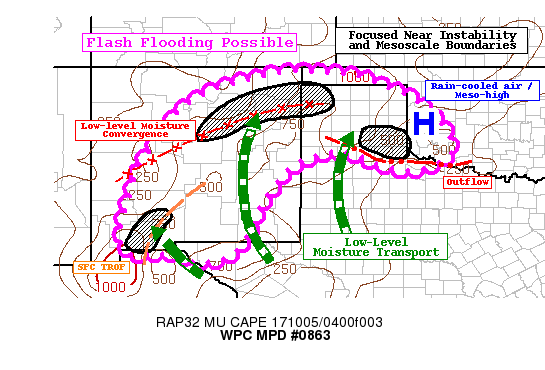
AREAS AFFECTED...NEW MEXICO...TEXAS PANHANDLE...FAR WRN OKLAHOMA

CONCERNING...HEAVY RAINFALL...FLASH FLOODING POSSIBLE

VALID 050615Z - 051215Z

SUMMARY...FLASH FLOODING WILL BE POSSIBLE ACROSS NEW MEXICO...THE
TEXAS PANHANDLE...AND FAR WESTERN OKLAHOMA WHERE THUNDERSTORMS CAN
BE SUSTAINED ALONG OR NEAR MESOSCALE BOUNDARIES FOR SEVERAL HOURS.

DISCUSSION...EXPERIMENTAL GOES-16 AIR MASS RGB AND LOW-LEVEL WATER
VAPOR (BAND 10) IMAGERY SHOWS ONGOING CONVECTION ALONG A BROAD ARC
FROM NEW MEXICO INTO THE SOUTHERN PLAINS...ROUGHLY ALONG THE
PERIPHERY OF A PLUME OF HIGHER ATMOSPHERIC MOISTURE. THIS IS
LARGELY FORECAST TO CONTINUE THROUGH THE REMAINDER OF THE
OVERNIGHT HOURS BY MOST AVAILABLE MODEL GUIDANCE...ALTHOUGH THE
SPATIAL EXTENT MAY SHRINK WITH TIME AS INSTABILITY WANES AND
BECOMES FOCUSED IN THE REGIONS OF POOLING LOW-LEVEL MOISTURE.
WHEREVER RESIDUAL INSTABILITY CAN ALIGN WITH MESOSCALE
BOUNDARIES...FLASH FLOODING WOULD BE POSSIBLE...PARTICULARLY IF
THE BOUNDARIES ROUGHLY ALIGN WITH THE MEAN FLOW. AS OF 06Z THERE
APPEARED TO BE SEVERAL LOCATIONS WHERE THIS SORT OF SETUP WOULD BE
FAVORED...ALTHOUGH THIS DOES NOT EXCLUDE THE POSSIBILITY OF
FLOODING ELSEWHERE IN THE OUTLINED DISCUSSION AREA.

FIRST...THE REGION NEAR THE OKLAHOMA AND TEXAS PANHANDLE BORDER
WHICH HAS FEATURED SEVERAL BACKBUILDING THUNDERSTORM CLUSTERS
ANCHORED TO THE NORTH OF AN OUTFLOW BOUNDARY. CONVECTION IN THIS
AREA SHOULD CONTINUE TO HAVE A PROPENSITY TO BUILD BOTH SOUTH
(INTO MOIST LOW-LEVEL INFLOW) AND WEST (TOWARD BETTER INSTABILITY
AND AWAY FROM RAIN-COOLED AIR MASS IN SW OK). THIS HAS ALREADY
BEEN OBSERVED WITH SEVERAL CELLS WHICH KAMA DUAL POL AND MRMS BOTH
ESTIMATE RAIN RATES UP TO 2 IN/HR. ONE POTENTIAL MITIGATING FACTOR
IS THAT FLASH FLOOD GUIDANCE IS HIGHER IN THE TWO EASTERN-MOST
ROWS OF COUNTIES IN THE TEXAS PANHANDLE.

SECOND...A CORRIDOR OF LOW-LEVEL MOISTURE CONVERGENCE FROM CENTRAL
TO NORTHEAST NEW MEXICO HAS SUSTAINED CONVECTION FOR SEVERAL HOURS
AND THIS SEEMS LIKELY TO CONTINUE WITH THE HIGHEST ANALYZED MLCAPE
VALUES IN THE REGION SITUATED IN THE INFLOW REGION OVER EASTERN
NEW MEXICO. IN FACT...THE QPF SIGNAL ON THE HREF HI-RES ENSEMBLE
IS MOST PRONOUNCED IN THIS REGION...PARTICULARLY FROM JUST EAST OF
ALBUQUERQUE NM TO NEAR DALHART TX. THIS HAPPENS TO COINCIDE WITH
LOWER FLASH FLOOD GUIDANCE VALUES CENTERED NEAR SAN MIGUEL COUNTY
IN NORTHEAST NEW MEXICO. IF CONVECTION CAN CONTINUE TO TRAIN IN
THIS AREA...THIS MAY BE AN AREA MORE CONDUCIVE TO FLASH FLOODING.

FINALLY...A SURFACE TROUGH AND CONVERGENCE ZONE WAS SITUATED TO
THE WEST OF THE SAN ANDRES MOUNTAINS IN SOUTHWEST NEW MEXICO AND
WAS PROVIDING A FOCUS FOR AN AREA OF CONVECTION. THE RAP MODEL
MAINTAINS MUCAPE AROUND 1000 J/KG IN THIS REGION FOR MUCH OF THE
NIGHT...SO PERSISTENCE OF CONVECTION WILL ALSO BE POSSIBLE IN THIS
AREA. THE ORIENTATION OF THE BOUNDARY AND CONVECTION IS ROUGHLY
PARALLEL WITH THE MEAN FLOW...AND THE MEAN FLOW IS SLOWER HERE
THAN ELSEWHERE IN THE REGION (ABOUT 15 KNOTS).
THEREFORE...SLOW-MOVING AND TRAINING CELLS WILL BE POSSIBLE.